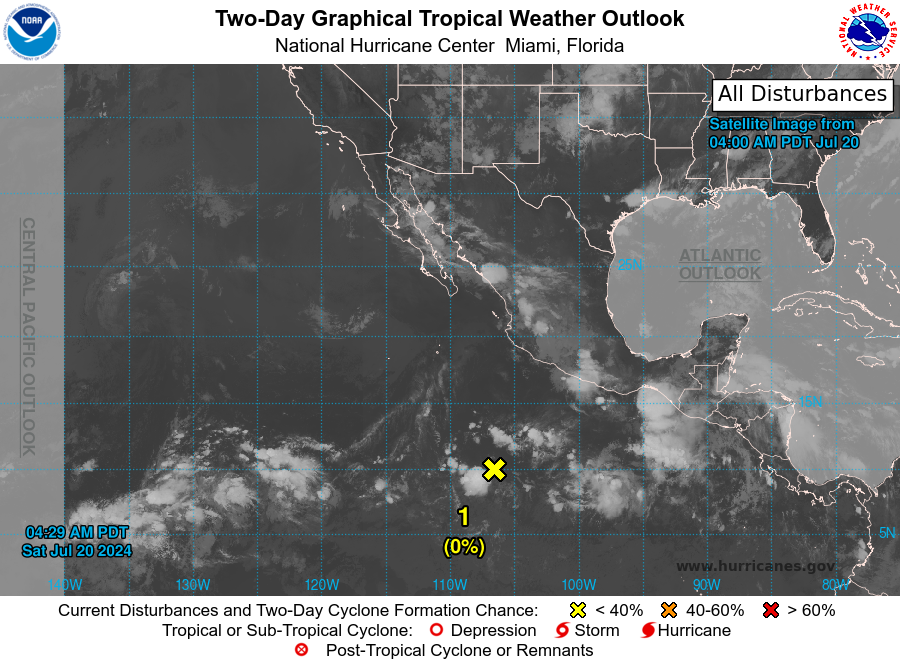
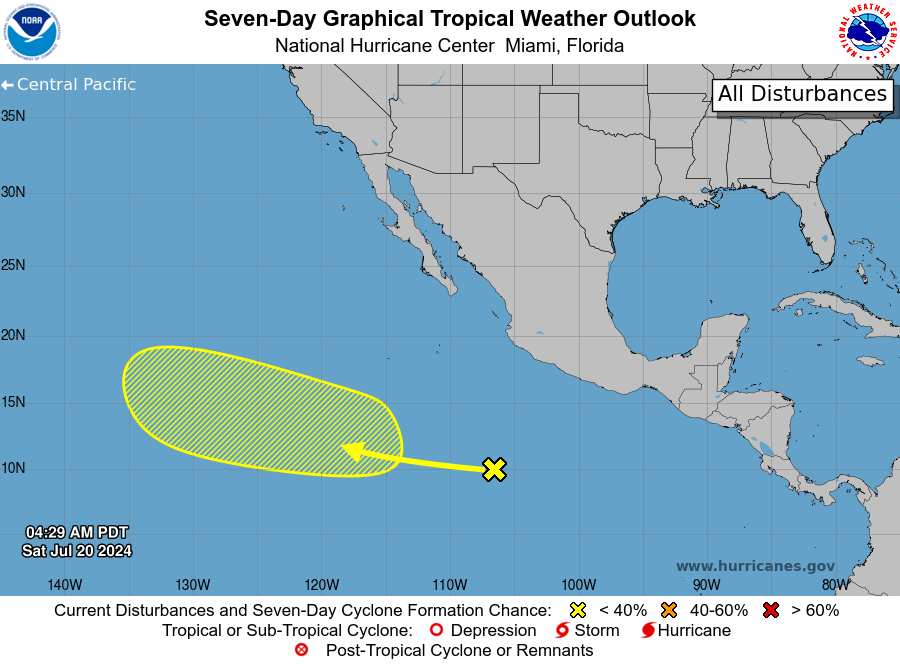
For the eastern North Pacific...east of 140 degrees west longitude:

1. Central and Western East Pacific: A tropical wave located well to the south of the southwestern coast of Mexico is producing a broad area of showers and thunderstorms. Environmental conditions appear conducive for some gradual development of this system over the next several days while it moves westward to west-northwestward at 10 to 15 mph across the central and western portions of the basin.
* Formation chance through 48 hours...low...near 0 percent.
* Formation chance through 7 days...low...30 percent.

Forecaster Reinhart